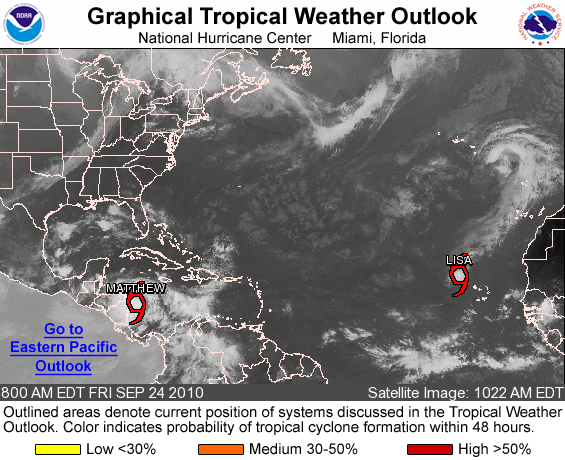
FOR THE NORTH ATLANTIC...CARIBBEAN SEA AND THE GULF OF MEXICO...

THE NATIONAL HURRICANE CENTER IS ISSUING ADVISORIES ON TROPICAL STORM LISA...LOCATED ABOUT 295 MILES NORTHWEST OF THE CAPE VERDE ISLANDS...AND ON TROPICAL STORM MATTHEW...LOCATED ABOUT 170 MILES EAST-SOUTHEAST OF PUERTO CABEZAS NICARAGUA.

ELSEWHERE...TROPICAL CYCLONE FORMATION IS NOT EXPECTED DURING THE NEXT 48 HOURS.

PUBLIC ADVISORIES ON MATTHEW ARE ISSUED UNDER WMO HEADER WTNT35 KNHC AND UNDER AWIPS HEADER MIATCPAT5. FORECAST/ADVISORIES ON MATTHEW ARE ISSUED UNDER WMO HEADER WTNT25 KNHC AND UNDER AWIPS HEADER MIATCMAT5.

FORECASTER STEWART